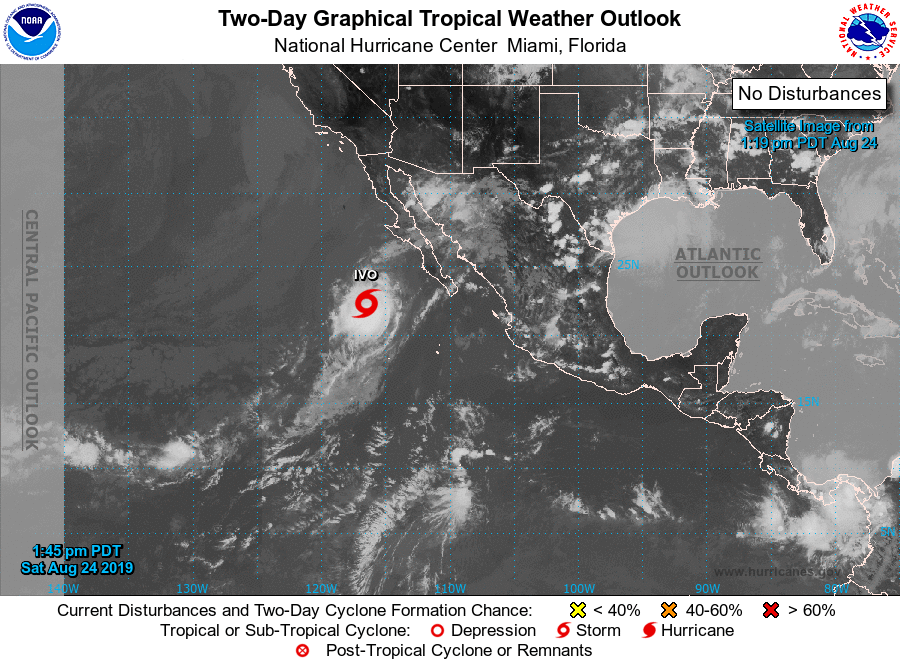
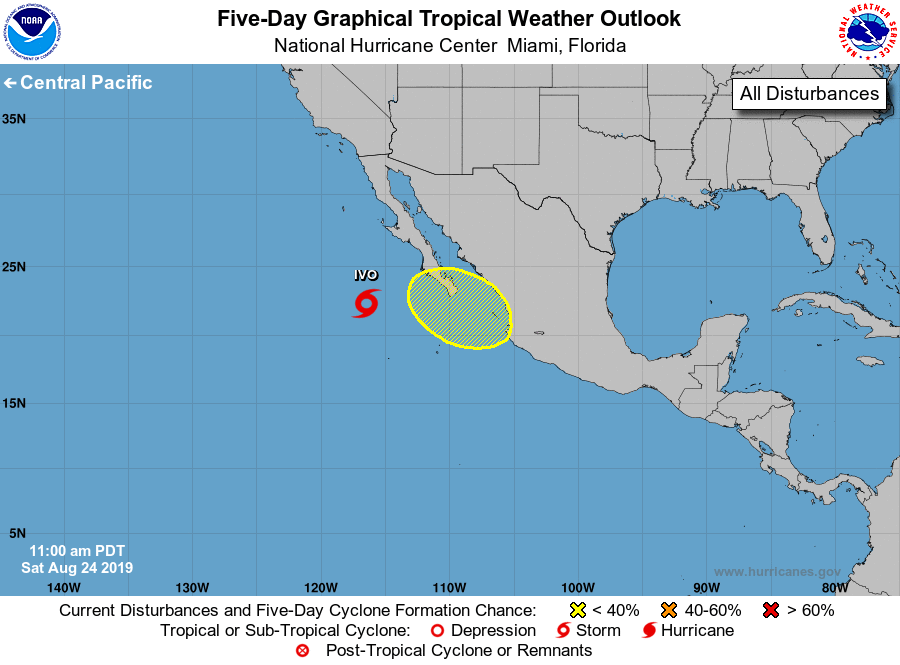
For the eastern North Pacific...east of 140 degrees west longitude:

The National Hurricane Center is issuing advisories on Tropical Storm Ivo, located more than 400 miles west-southwest of the southern tip of the Baja California peninsula.

1. An area of low pressure is forecast to develop by the middle of next week just offshore of the west-central coast of Mexico near the southern tip of the Baja California peninsula. Some development of this system is possible thereafter while it moves westward or west-northwestward at around 10 mph.
* Formation chance through 48 hours...low...near 0 percent.
* Formation chance through 5 days...low...30 percent.

Forecaster Stewart